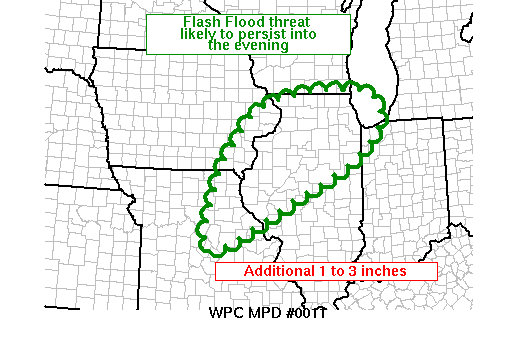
AREAS AFFECTED...NERN MO...SERN IA...NRN IL

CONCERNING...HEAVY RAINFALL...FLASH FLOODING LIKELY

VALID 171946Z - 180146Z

SUMMARY...RECENT RAINFALL RATES APPROACHING 2 IN / 3 HR HAVE
ALREADY BEEN REPORTED ACROSS PORTIONS OF IOWA OVER THE PAST FEW
HOURS WHICH HAS LED TO THE ISSUANCE OF SEVERAL FLASH FLOOD
WARNINGS ACROSS NORTHERN PORTIONS OF THE THREAT AREA. THIS AREA OF
RAIN IS OCCURRING IN RESPONSE TO STRONG OVERRUNNING ACROSS A WARM
FRONT SLOWLY LIFTING NORTH ACROSS MISSOURI AND SRN ILLINOIS.

DISCUSSION...18Z 3 HR FLASH FLOOD GUIDANCE IS RUNNING AROUND 1.5
IN / 3 HR AND LOCALLY HEAVY RAINFALL IS EXPECTED TO PERSIST AS 850
MB FLOW AOA 40 KTS FROM THE SOUTHWEST....AS SEEN ON 18Z RAOB FROM
TOP AND SGF...CONTINUES TO OVERRUN COLD AIR TO THE NORTH OF THE
WARM FRONT. LITTLE CHANGE IS EXPECTED WITH THIS SETUP WHICH SHOULD
LIKELY CAUSE RAINFALL TO CONTINUE INTO THE EVENING...SUPPORTED BY
RECENT HRRR...SSEO MEAN AND RAP SHORT TERM GUIDANCE.